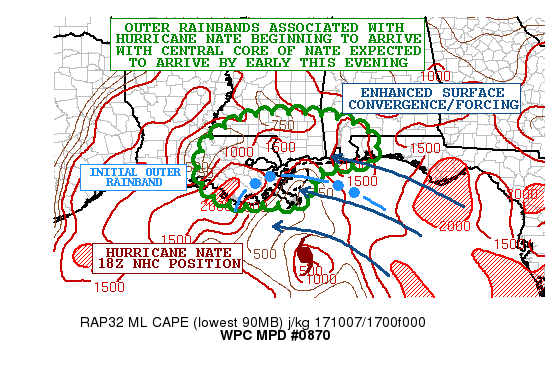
AREAS AFFECTED...SOUTH-CENTRAL TO SOUTHEAST LA...SOUTHERN
MS...SOUTHERN AL...EXTREME WESTERN FL PANHANDLE

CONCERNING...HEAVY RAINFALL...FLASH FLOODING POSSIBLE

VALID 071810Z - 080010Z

SUMMARY...HEAVY RAINFALL ASSOCIATED WITH HURRICANE NATE WILL BEGIN
TO OVERSPREAD THE REGION THROUGH THE AFTERNOON AND EVENING HOURS.
SOME RUNOFF PROBLEMS AND/OR FLASH FLOODING WILL BE POSSIBLE...AND
ESPECIALLY IN THE MORE URBANIZED CORRIDORS NEAR THE GULF COAST.

DISCUSSION...NON-OPERATIONAL GOES-16 10.3 MICRON/IR IMAGERY SHOWS
HURRICANE NATE RAPIDLY APPROACHING FAR SOUTHEAST LA...WITH A
WELL-DEFINED OUTER RAINBAND NOW ADVANCING NORTHWEST ACROSS FAR
SOUTHEAST LA. CENTRAL CONVECTION ASSOCIATED WITH NATE IS NOW
WITHIN 100 MILES OF SOUTHEAST LA AND THE EYE OF NATE IS BEGINNING
TO APPEAR ON THE  SLIDELL LA RADAR.

VERY HIGH PWATS ARE FIRMLY ENTRENCHED ACROSS THE CENTRAL GULF
COAST REGION RIGHT NOW...WITH VALUES NEAR 2.5 INCHES ALREADY IN
PLACE AHEAD OF NATE. MEANWHILE...THE AIRMASS CONTINUES TO
DESTABILIZE WITH THE AID OF DIURNAL HEATING...AND MLCAPE VALUES
ARE CURRENTLY ON THE ORDER OF 1500 J/KG. THIS LEVEL OF INSTABILITY
WILL LIKELY SUSTAIN THE INITIAL CONVECTIVE BAND AROUND THE
NORTHERN SEMICIRCLE OF NATE AND MAY ALLOW IT TO STRENGTHEN A BIT.
ENHANCED SURFACE CONVERGENCE/FORCING IS NOTED JUST OFFSHORE AND
ALREADY OVER THE LAST 15 TO 30 MINUTES VIA THE GOES-16 1-MINUTE
0.64 MICRON/VIS IMAGERY...THERE HAS BEEN A NOTABLE INCREASE IN
OVERSHOOTING TOPS IN THE NORTHEAST PORTION OF THE BAND SOUTHEAST
OF LA THAT WILL BE SETTING UP POTENTIALLY IN A TRAINING FASHION
FOR VERY HEAVY RAINFALL OVER SOUTHEAST LA AND INCLUDING THE NEW
ORLEANS METROPOLITAN AREA WITHIN THE NEXT COUPLE OF HOURS.
ADJACENT AREAS OF SOUTHERN MS MAY ALSO SEE THIS TRAINING POTENTIAL
OVER THE NEXT COUPLE OF HOURS.

NATE WILL BE MOVING RAPIDLY TOWARD FAR SOUTHEAST LA THROUGH THE
AFTERNOON AND THIS WILL BRING NUMEROUS CONVECTIVE BANDS AND
GRADUALLY MORE ORGANIZED CENTRAL CONVECTION INTO AREAS OF
SOUTH-CENTRAL TO SOUTHEAST LA AND FARTHER EAST ACROSS SOUTHERN
MS/SOUTHERN AL AND POSSIBLY ADJACENT AREAS OF THE WESTERN FL
PANHANDLE TOWARD EVENING. EXPECT RAINFALL RATES OF AS MUCH AS 2.5
INCHES/HR...WITH STORM TOTALS THROUGH 00Z OF AS MUCH AS 4 TO 6
INCHES POSSIBLE...AND ESPECIALLY WHERE ANY TRAINING BANDS SET UP.
THE URBANIZED AREAS NEAR THE GULF COAST AND ESPECIALLY THE NEW
ORLEANS METROPOLITAN AREA WILL BE PARTICULARLY SENSITIVE TO THESE
HIGH RAINFALL RATES...AND SO LOCALLY SIGNIFICANT RUNOFF AND/OR
FLASH FLOODING WILL BE POSSIBLE. ADDITIONAL VERY HEAVY RAIN WILL
BE EXPECTED ESPECIALLY OVER SOUTHERN MS AND INTO SOUTHERN AL AFTER
00Z AS NATE ADVANCES NORTH AND MAKES A FINAL LANDFALL LATER THIS
EVENING.